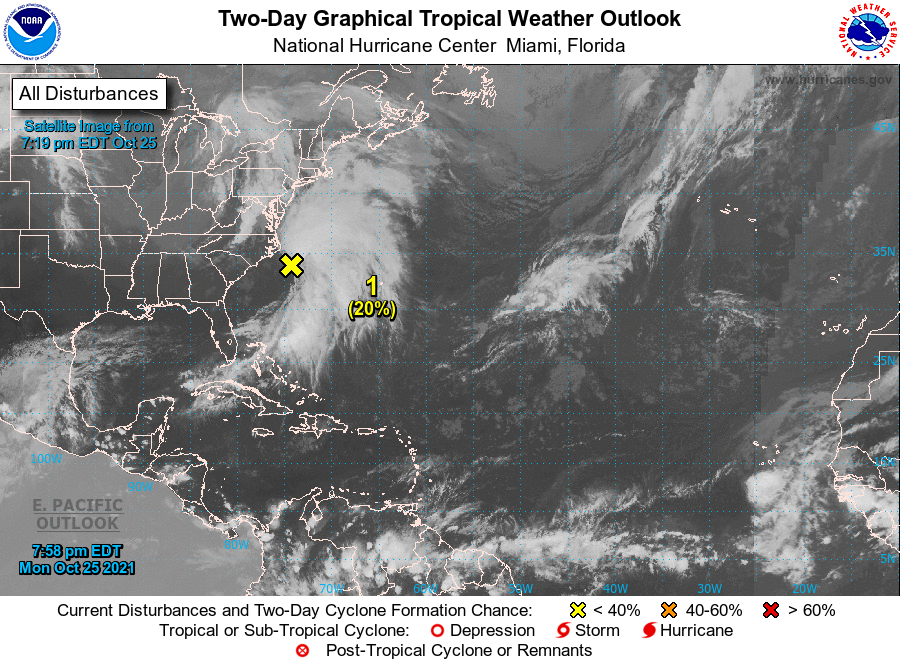
For the North Atlantic...Caribbean Sea and the Gulf of Mexico:

1. A deepening, non-tropical low pressure system with gale-force winds is located a little more than 100 miles southeast of Cape Hatteras, North Carolina. This gale area is forecast to move north-northeastward for the next day or so, and could acquire some subtropical characteristics before it merges with a frontal system by late Tuesday. The extratropical low is then expected to meander off the mid-Atlantic and northeast U.S. coasts on Wednesday, bringing rain and wind impacts to portions of those areas. By midweek the low is expected to move eastward away from the U.S. coast, and could again acquire some subtropical characteristics by the end of the week while it moves eastward or southeastward over the warmer waters of the central Atlantic. For more information on this system, including storm warnings, see products issued by your local National Weather Service office and High Seas Forecasts issued by the National Weather Service.
* Formation chance through 48 hours...low...20 percent.
* Formation chance through 5 days...medium...50 percent.

High Seas Forecasts issued by the National Weather Service can be found under AWIPS header NFDHSFAT1, WMO header FZNT01 KWBC, and online at ocean.weather.gov/shtml/NFDHSFAT1.php

Forecaster Reinhart/Stewart